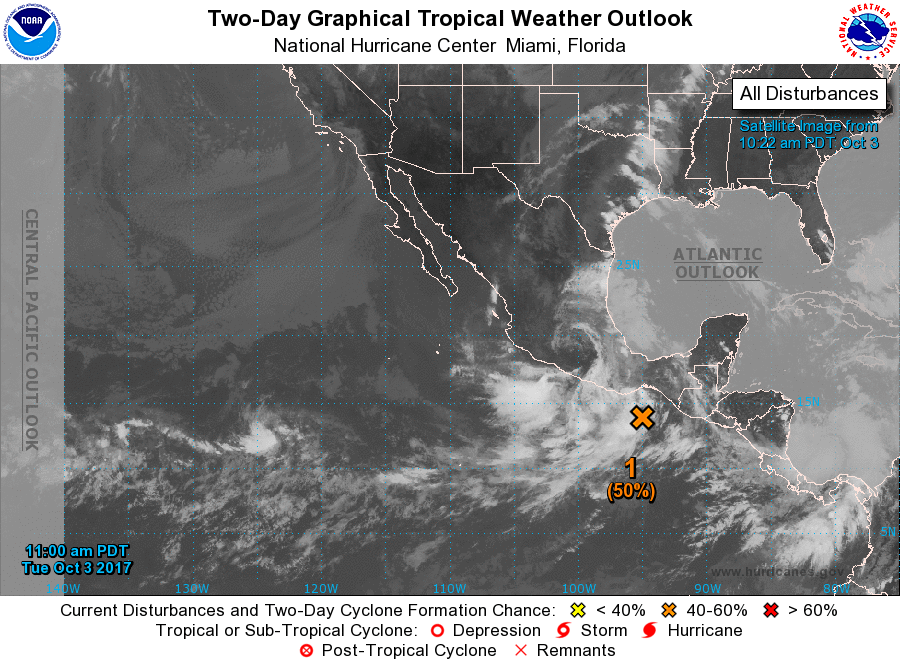
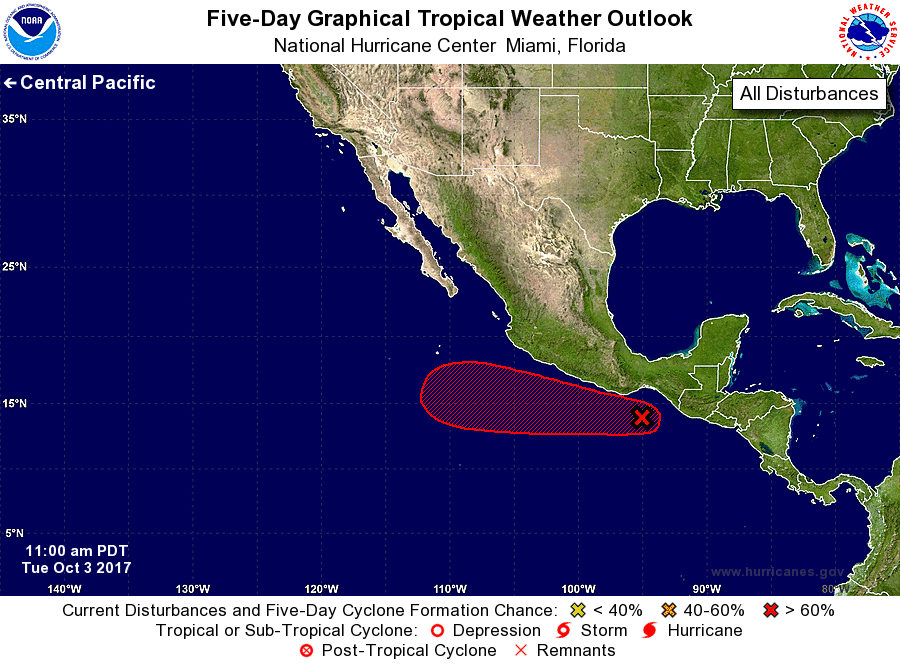
For the eastern North Pacific...east of 140 degrees west longitude:

1. An area of low pressure located near the southeastern coast of Mexico continues to produce disorganized showers and thunderstorms. This system is likely to become a tropical depression during the next few days while it moves westward to the south of the coast of Mexico.
* Formation chance through 48 hours...medium...50 percent.
* Formation chance through 5 days...high...70 percent.

Forecaster Cangialosi